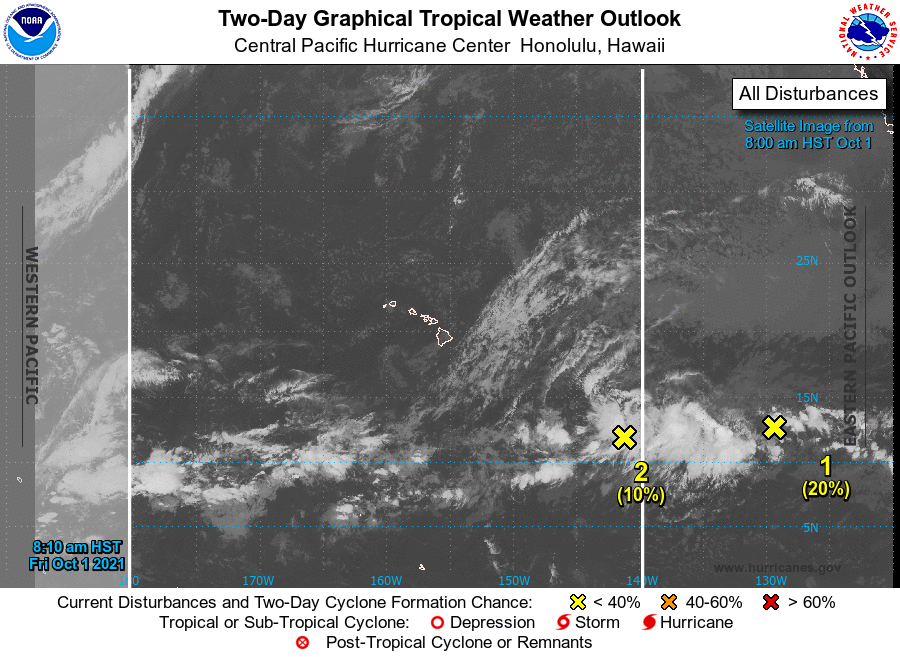
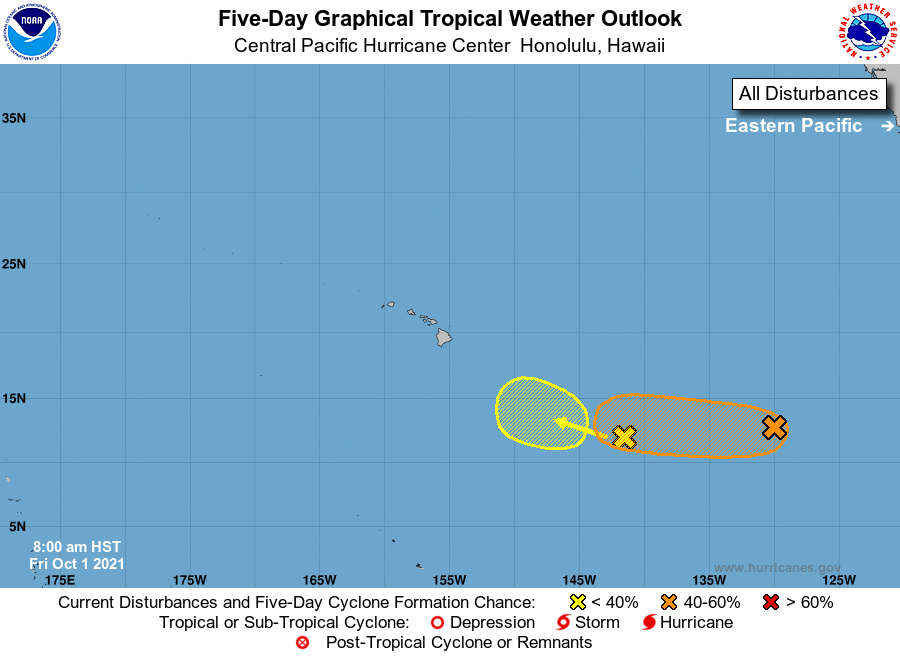
For the central North Pacific...between 140W and 180W:

1. A broad area of low pressure located about 1,500 miles southeast of Hilo, Hawaii continues to produce disorganized showers and thunderstorms. Environmental conditions are expected to be conducive for slow development during the next several days, and a tropical depression could form over the weekend or early next week while the system drifts westward.
* Formation chance through 48 hours...low...20 percent.
* Formation chance through 5 days...medium...40 percent.

2. A broad area of low pressure located about 1,100 miles southeast of Hilo, Hawaii is producing disorganized showers and thunderstorms. Environmental conditions are somewhat conducive for slow development during the next several days.
* Formation chance through 48 hours...low...10 percent.
* Formation chance through 5 days...low...20 percent.

Elsewhere, no tropical cyclones are expected during the next 5 days.

Forecaster EATON